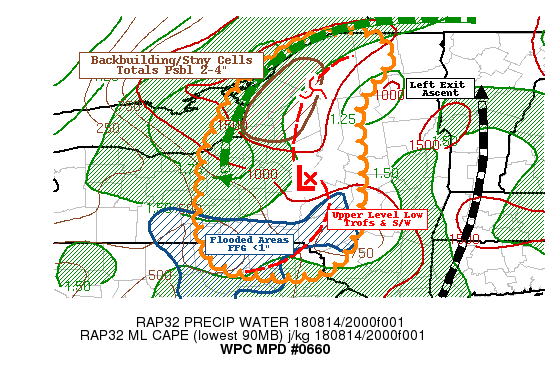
Areas affected...Northern and Central NY...

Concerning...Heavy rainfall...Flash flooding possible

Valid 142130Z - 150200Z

SUMMARY...Back-building cells within moisture conveyor belt and
slow motions near upper low continue to pose flash flooding risk.

DISCUSSION...CIRA layered PW loops show narrow ribbon of deep
moisture remains connected from Nova Scotia across S Quebec to
Northern and Central NY...with the 7-5H layer representing the
other layers well.   The main upper low is located in Oneida
county with a shortwave lifting north toward Lewis county.  Mild
ridging over Lower MI and general exit region to the synoptic jet
across SE Ontario continues to stretch/narrow the moisture ribbon,
providing some confluence/moisture flux though.  The WV suite from
GOES-16 shows the dry slot over NE NY into VT providing good solar
isolation for instability up to 2000 J/kg which overlaps the
moisture ribbon.  As such the DPVA from the lobe of vorticity
rotating north and left exit to diffluent jet streak over central
New England provides solid ascent.  As such convection has
developed across Lewis and St. Lawrence counties. And given
orientation to low level inflow, cells generally show a
back-building or stationary nature supporting compounding totals.
With the Total PWATs to 1.5" and strength of updrafts and inflow
from unobstructed clear/unstable areas.  Totals of 2-4" are
possible across Northern NY leading to possible flash flooding.

Further south, a well of deep moisture resides on the southern
side of the main upper low across south central NY into northeast
PA, however this area has been worked over significantly with 5.5
to 6C/km lapse rates but RAP analysis suggests a pocket of
instability remains about 500-750 J/kg. Visible imagery shows some
developing convection further south percolating through older
cirrus.  Cell motions here are a bit more favorable to track
southward toward hardest affected regions where FFG values remain
below .5".  Any cells are likely to reinitiate some flash flooding
conditions, though overall coverage may be spotty and rates of
.5-1"/hr may lead to totals in the range of 1-1.5".